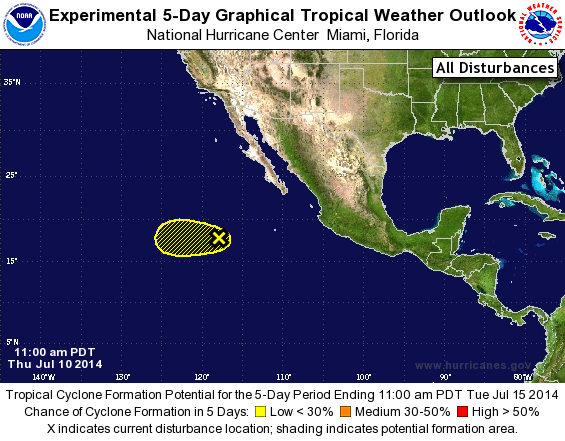
For the eastern North Pacific...east of 140 degrees west longitude:

1. Satellite imagery indicates that shower activity associated with a broad area of low pressure located several hundred miles southwest of the southern tip of the Baja California Peninsula have become more concentrated and the wind circulation has become a little better defined. However, the system is encountering colder water and stronger upper-level winds, and additional development appears unlikely.
* Formation chance through 48 hours...low...20 percent.
* Formation chance through 5 days...low...20 percent.

Forecaster Beven